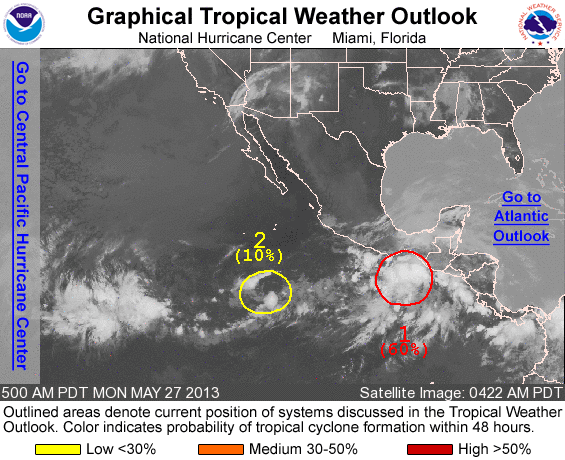
FOR THE EASTERN NORTH PACIFIC...EAST OF 140 DEGREES WEST LONGITUDE..

1. SHOWERS AND THUNDERSTORMS HAVE INCREASED OVERNIGHT IN ASSOCIATION WITH AN AREA OF DISTURBED WEATHER LOCATED A COUPLE OF HUNDRED MILES SOUTH OF THE GULF OF TEHUANTEPEC. WHILE THERE ARE NO SIGNS YET OF A WELL-DEFINED SURFACE CIRCULATION...CONDITIONS APPEAR CONDUCIVE FOR SOME ADDITIONAL DEVELOPMENT...AND A TROPICAL DEPRESSION COULD FORM DURING THE NEXT DAY OR TWO. THIS SYSTEM HAS A HIGH CHANCE...60 PERCENT...OF BECOMING A TROPICAL CYCLONE DURING THE NEXT 48 HOURS AS IT MOVES GENERALLY NORTHWARD TOWARD THE SOUTHERN COAST OF MEXICO. TROPICAL STORM WATCHES OR WARNINGS COULD BE REQUIRED FOR A PORTION OF THE SOUTHERN COAST OF MEXICO...AND INTERESTS IN THAT AREA SHOULD MONITOR THE PROGRESS OF THIS SYSTEM. REGARDLESS OF DEVELOPMENT...HEAVY RAINS ARE LIKELY OVER PARTS OF SOUTHERN MEXICO AND WESTERN CENTRAL AMERICA DURING THE NEXT FEW DAYS. THESE RAINS COULD PRODUCE LIFE-THREATENING FLASH FLOODS AND MUD SLIDES.

2. A WEAK AREA OF LOW PRESSURE LOCATED ABOUT 650 MILES SOUTHWEST OF MANZANILLO MEXICO IS PRODUCING DISORGANIZED SHOWERS AND THUNDERSTORMS. DEVELOPMENT...IF ANY...OF THIS SYSTEM SHOULD BE SLOW TO OCCUR...AND IT HAS A LOW CHANCE...10 PERCENT...OF BECOMING A TROPICAL CYCLONE DURING THE NEXT 48 HOURS AS IT MOVES SLOWLY WESTWARD.

ELSEWHERE...TROPICAL CYCLONE FORMATION IS NOT EXPECTED DURING THE NEXT 48 HOURS.

FORECASTER CANGIALOSI/BRENNAN